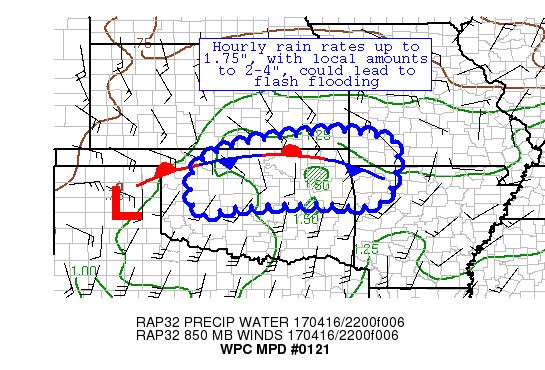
AREAS AFFECTED...CENTRAL & EASTERN KS/OK BORDER, SW MO, & NW AR

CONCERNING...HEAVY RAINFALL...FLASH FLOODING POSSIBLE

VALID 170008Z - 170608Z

SUMMARY...BUILDING CONVECTION ALONG THE KS/OK BORDER IS EXPECTED
TO INCREASE IN COVERAGE OVER THE NEXT SEVERAL HOURS.  HOURLY RAIN
RATES TO 1.75", WITH LOCAL AMOUNTS OF 2-4", COULD LEAD TO FLASH
FLOODING.

DISCUSSION...A THERMAL BOUNDARY NEAR THE CENTRAL AND EASTERN KS/OK
BORDER HAS BEEN ACTING AS A FOCUS FOR THUNDERSTORMS AS OF LATE.  A
SHORTWAVE HAS BEEN MOVING ACROSS CENTRAL KS AS OF LATE, HELPING
UPPER LEVEL OUTFLOW.  A WANING CONVECTIVE COMPLEX IN SOUTHERN OK
MAY ALSO BE PRODUCING A WEAK OUTFLOW JET AIMING TOWARD THE REGION.
 INFLOW AT 850 HPA IS 20 KTS FROM THE SOUTHWEST, AND 0-6 KM BULK
SHEAR VALUES ARE NEAR 35 KTS.  PRECIPITABLE WATER VALUES ARE NEAR
1.5".  LOW-LEVEL INFLOW IS IMPORTING MLCAPES OF 1000-2000 J/KG
INTO THE REGION.

THE MESOSCALE GUIDANCE SHOWS A RELATIVELY COHERENT SIGNAL FOR
HEAVY RAIN.  CONVECTIVE COVERAGE IS EXPECTED TO INCREASE AS THE
850 HPA INFLOW RISES TOWARDS 40 KTS, WHICH IS 10-15 KTS ABOVE THE
MEAN 850-400 HPA WIND -- THIS SHOULD INCREASE PRECIPITATION
EFFICIENCY.  AS LOW-LEVEL INFLOW RAMPS UP, THUNDERSTORMS COULD
SHOW BACKBUILDING CHARACTERISTICS.  WHILE COLD POOL GENERATION
COULD ALLOW THE SURFACE BOUNDARY TO SAG SOMEWHAT SOUTHWARD IN
EASTERN OK,  IN A FEW HOURS, CIN SHOULD SET IN WHICH SHOULD ALLOW
THE 850 HPA SLICE OF THE FRONTAL BOUNDARY TO BECOME THE MAIN FOCUS
FOR CONVECTION.  BY 06-07Z, LOW-LEVEL INFLOW VEERS TO WEST-
SOUTHWESTERLY, MAKING THE FLOW REGIME UNIDIRECTIONAL WITH HEIGHT,
IMPLYING CELL TRAINING CONCERNS.  PROPAGATION OF THE HEAVY RAIN
CORES SHOULD START OUT AS WEST TO EAST AT 20-25 KTS BEFORE
SHIFTING MORE IN AN EAST-SOUTHEAST TO SOUTHEAST DIRECTION AS
INSTABILITY ERODES/WANES OVERNIGHT.  HOURLY RAIN RATES UP TO 1.75"
ARE EXPECTED, WITH LOCAL AMOUNTS OF 2-4".  WITH SLIGHTLY DEPRESSED
FLASH FLOOD GUIDANCE FROM LAST NIGHT'S RAIN (DOWN TO 2-2.5" IN
THREE HOURS), FLASH FLOODING IS CONSIDERED POSSIBLE.